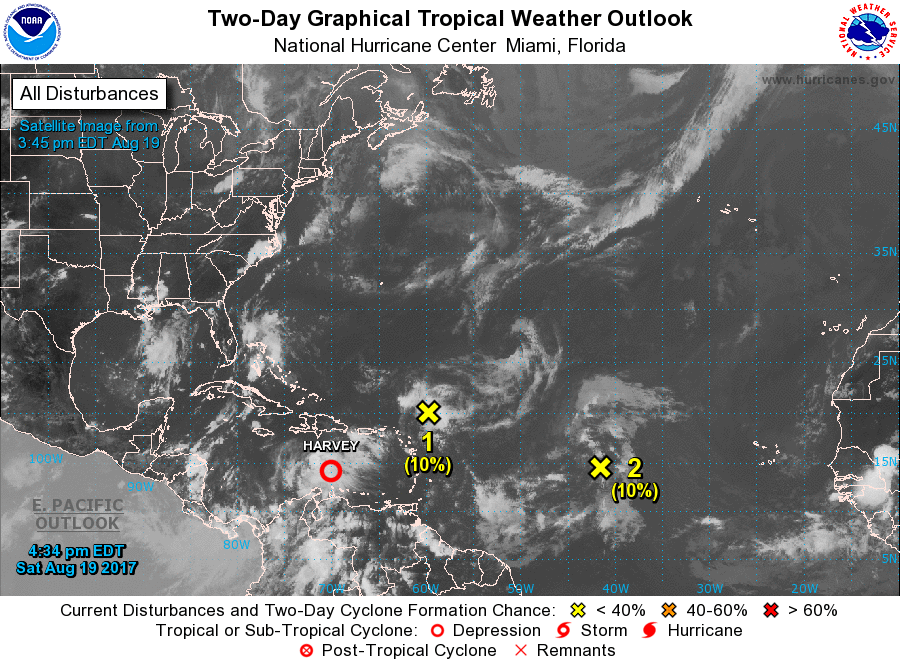
For the North Atlantic...Caribbean Sea and the Gulf of Mexico:

The National Hurricane Center is issuing advisories on Tropical Storm Harvey, located over the central Caribbean Sea.

1. A trough of low pressure located about 250 miles north-northeast of the northern Leeward Islands continues to produce disorganized showers and thunderstorms. Environmental conditions are expected to be unfavorable for development during the next couple of days while the system system moves west-northwestward at about 20 mph. Conditions may become a little more conducive early next week while the system is near the Bahamas.
* Formation chance through 48 hours...low...10 percent.
* Formation chance through 5 days...low...30 percent.

2. A tropical wave located over the eastern Atlantic Ocean about midway between the Lesser Antilles and Africa is producing some shower and thunderstorm activity. Environmental conditions appear somewhat conducive for gradual development over the next day or two while the system moves west-northwestward to northwestward at about 20 mph, but upper-level winds are forecast to become unfavorable by early next week.
* Formation chance through 48 hours...low...10 percent.
* Formation chance through 5 days...low...10 percent.

Forecaster Beven